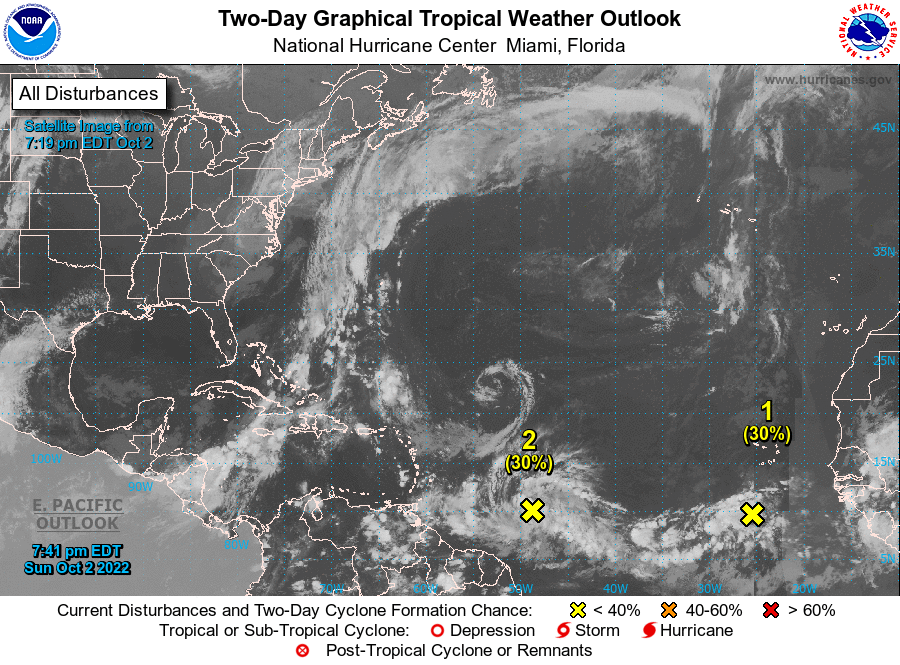
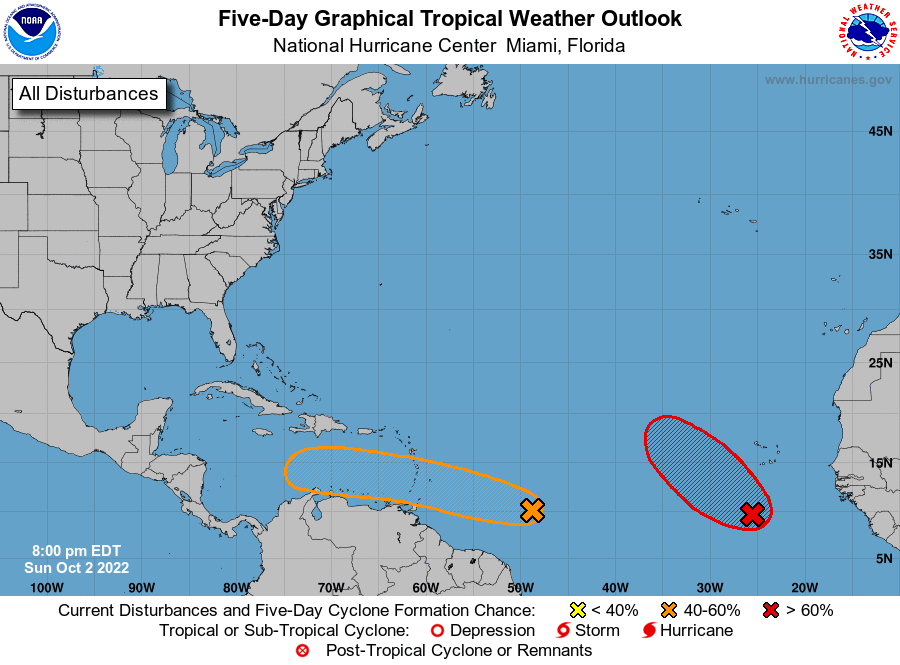
For the North Atlantic...Caribbean Sea and the Gulf of Mexico:

1. Eastern Tropical Atlantic: An elongated area of low pressure located several hundred miles south of the Cabo Verde Islands continues to produce disorganized showers and thunderstorms. Environmental conditions are forecast to be favorable for some gradual development, and a tropical depression is likely to form around the middle part of this week. The system is forecast to move westward, then turn northwestward or northward by the end of the week over the eastern tropical Atlantic.
* Formation chance through 48 hours...low...30 percent.
* Formation chance through 5 days...high...70 percent.

2. East of the Windward Islands: Showers and thunderstorms are showing some signs of organization in association with a tropical wave located several hundred miles east of the Windward Islands. Further development of the wave is possible, and a tropical depression could form during the next few days while it moves generally westward at 15 to 20 mph, reaching the Windward Islands and the eastern Caribbean Sea by midweek.
* Formation chance through 48 hours...low...30 percent.
* Formation chance through 5 days...medium...40 percent.

Forecaster Blake